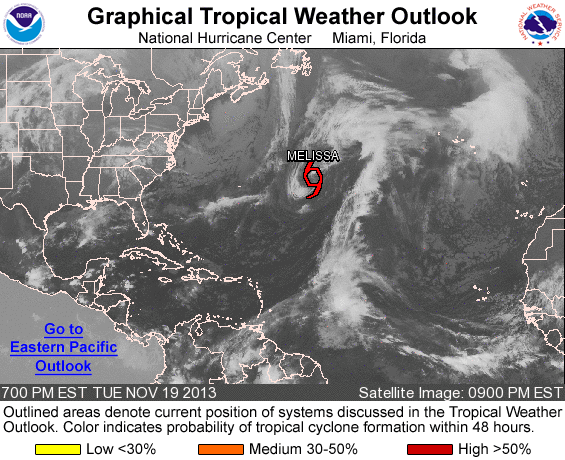
FOR THE NORTH ATLANTIC...CARIBBEAN SEA AND THE GULF OF MEXICO...

THE NATIONAL HURRICANE CENTER IS ISSUING ADVISORIES ON SUBTROPICAL STORM MELISSA...LOCATED SEVERAL HUNDRED MILES EAST OF BERMUDA.

TROPICAL CYCLONE FORMATION IS NOT EXPECTED DURING THE NEXT 5 DAYS.

&&
FIVE-DAY FORMATION PROBABILITIES ARE EXPERIMENTAL IN 2013. COMMENTS ON THE EXPERIMENTAL FORECASTS CAN BE PROVIDED AT...

HTTP://WWW.NWS.NOAA.GOV/SURVEY/NWS-SURVEY.PHP?CODE=ETWO

FORECASTER BEVEN